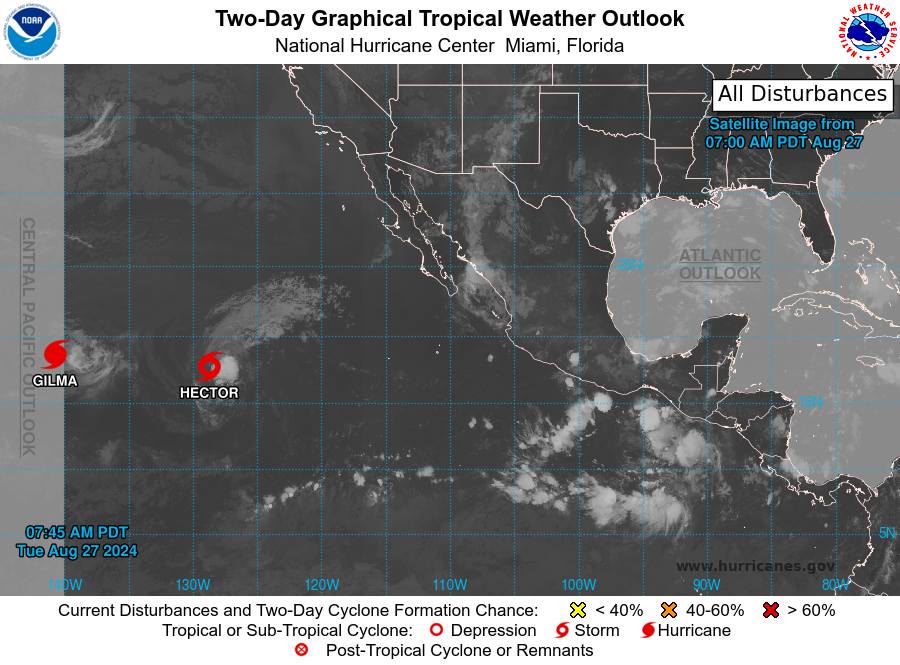
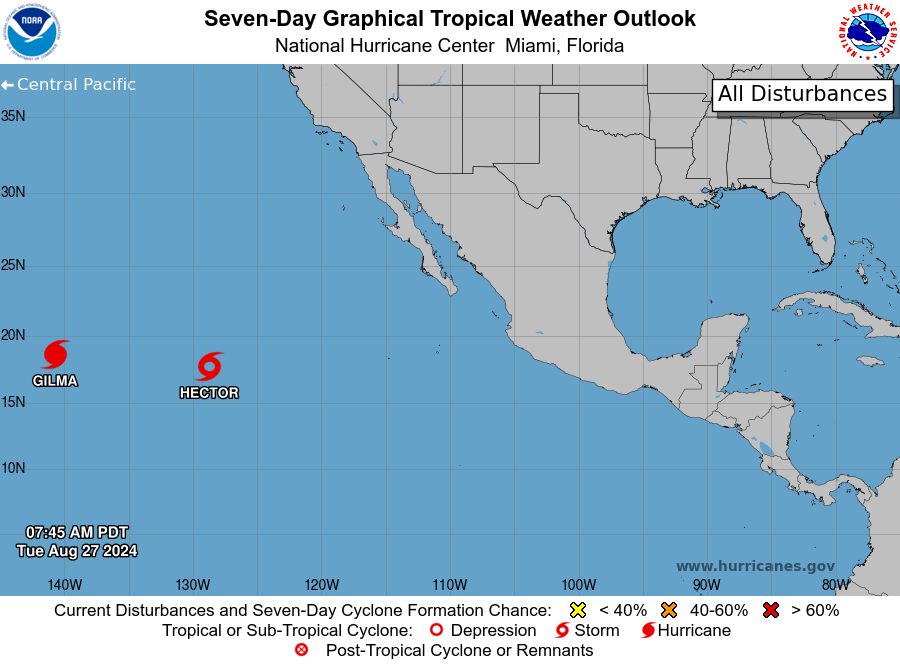
For the eastern North Pacific...east of 140 degrees west longitude:

Active Systems: The National Hurricane Center is issuing advisories on Hurricane Gilma, located several hundred miles east of the Hawaiian Islands and on Tropical Storm Hector, located well west-southwest of the southern tip of the Baja California peninsula.

Tropical cyclone formation is not expected during the next 7 days.

Forecaster Hagen/Pasch